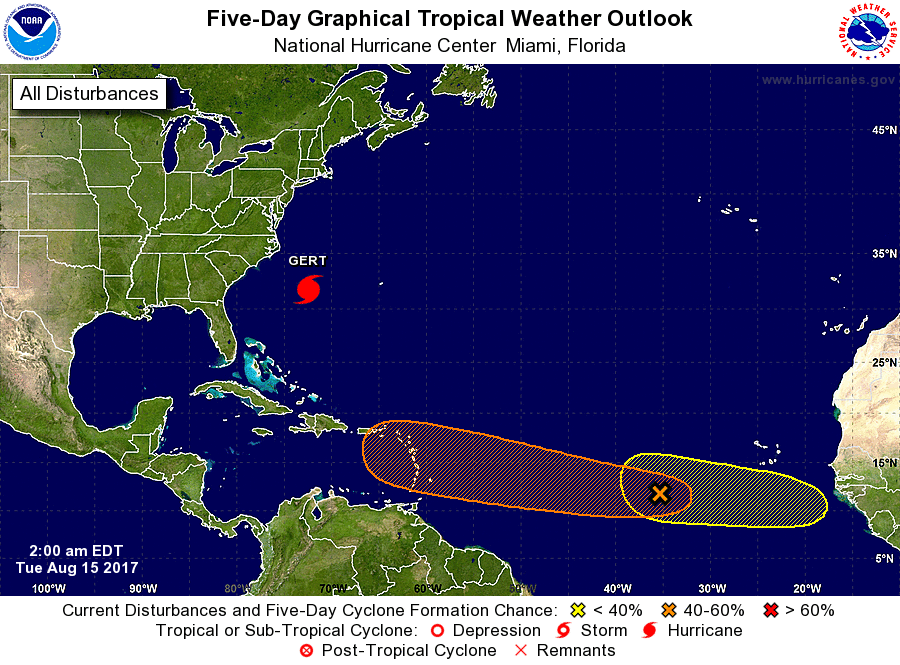
For the North Atlantic...Caribbean Sea and the Gulf of Mexico:

The National Hurricane Center is issuing advisories on Hurricane Gert, located several hundred miles west of Bermuda.

1. A couple of disorganized areas of disturbed weather are embedded within an elongated area of low pressure located several hundred miles west-southwest of the Cabo Verde Islands. Only slow development is anticipated during the next day or two, but conditions are forecast to become a little more conducive for tropical cyclone formation by later in the week while the system moves westward at about 15 mph over the tropical Atlantic.
* Formation chance through 48 hours...low...20 percent.
* Formation chance through 5 days...medium...60 percent.

2. A tropical wave over western Africa is forecast to emerge into the far eastern Atlantic Ocean in about two days. Conditions appear conducive for some development after that time while the wave moves westward at about 15 mph.
* Formation chance through 48 hours...low...near 0 percent.
* Formation chance through 5 days...low...20 percent.

Forecaster Avila